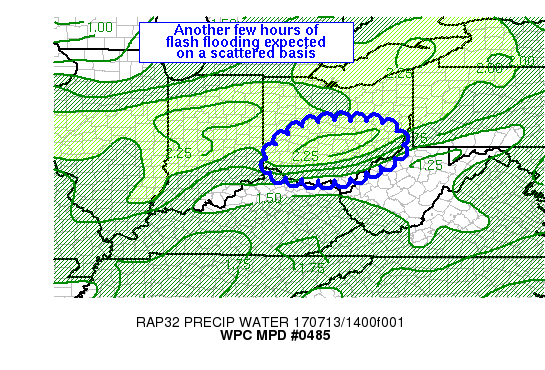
AREAS AFFECTED...SRN OH INTO FAR NWRN WV

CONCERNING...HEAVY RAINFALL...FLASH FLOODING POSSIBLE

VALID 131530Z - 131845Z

SUMMARY...A FLASH FLOOD THREAT WILL CONTINUE FOR AT LEAST ANOTHER
2-3 HOURS ACROSS SRN OH AND FAR NWRN WV. SCATTERED RUNOFF ISSUES
ARE EXPECTED AND RAINFALL RATES COULD EXCEED 2 IN/HR WHERE IDEAL
TRAINING DEVELOPS.

DISCUSSION...KILN AND KRLX RADAR IMAGERY SHOWED A REGION OF
CONVECTION OVER S-CNTRL OH WITH RADAR ESTIMATED RAIN RATES OF 1-2
IN/HR BUT AT LEAST ONE OBSERVATION IN NRN CLERMONT COUNTY ENDING
14Z REPORTED 1.65 INCHES IN 30 MINUTES. TRENDS IN EXPERIMENTAL
GOES 16 INFRARED IMAGERY SHOWED 50-75 MILE WIDE REGIONS OF RAPID
CLOUD TOP COOLING FOLLOWED BY WARMING. THIS RATHER DISORGANIZED
NATURE HAS BEEN OCCURRING WITHIN A REGION OF LOW LEVEL CONFLUENCE
ALONG THE SOUTHWESTERN TAIL END OF AN MCV WHICH WAS TRACKING EAST
INTO WRN NY AT 15Z. FLOW ALOFT WAS ALSO FAIRLY DIFFLUENT...CAUGHT
BETWEEN A 50-90 KT ZONALLY ORIENTED JET TO THE NORTH ACROSS THE
GREAT LAKES AND AN ELONGATED UPPER LEVEL RIDGE CENTERED TO THE
SOUTHWEST OVER THE LOWER OH VALLEY.

THE UPPER RIDGE IS FORECAST TO ELONGATE EASTWARD OVER THE NEXT 3-6
HOURS...REDUCING DIFFLUENT FLOW OVER SRN OH THROUGH 21Z. LOW LEVEL
CONFLUENCE IS ALSO EXPECTED TO WEAKEN SHORTLY...HOWEVER...THE AREA
WILL REMAIN VERY MOIST WITH PRECIPITABLE WATER VALUES OVER 2
INCHES IN A FEW LOCATIONS AND MORE THAN SUFFICIENT INSTABILITY.

SOME UNCERTAINTY IS PRESENT IN THE EXACT END TIME OF THE IMMEDIATE
FLASH FLOOD THREAT GIVEN POOR HANDLING BY RECENT CAM GUIDANCE AND
RECENT RUNS OF THE HRRR WHICH HAVE DISSIPATED CONVECTION TOO
EARLY. AT LEAST ANOTHER 2-3 HOURS OF AN ELEVATED FLASH FLOOD IS
EXPECTED ACROSS THE REGION...BEFORE EXPECTED WEAKENING...BUT
TRENDS WILL BE MONITORED FOR CHANGES.